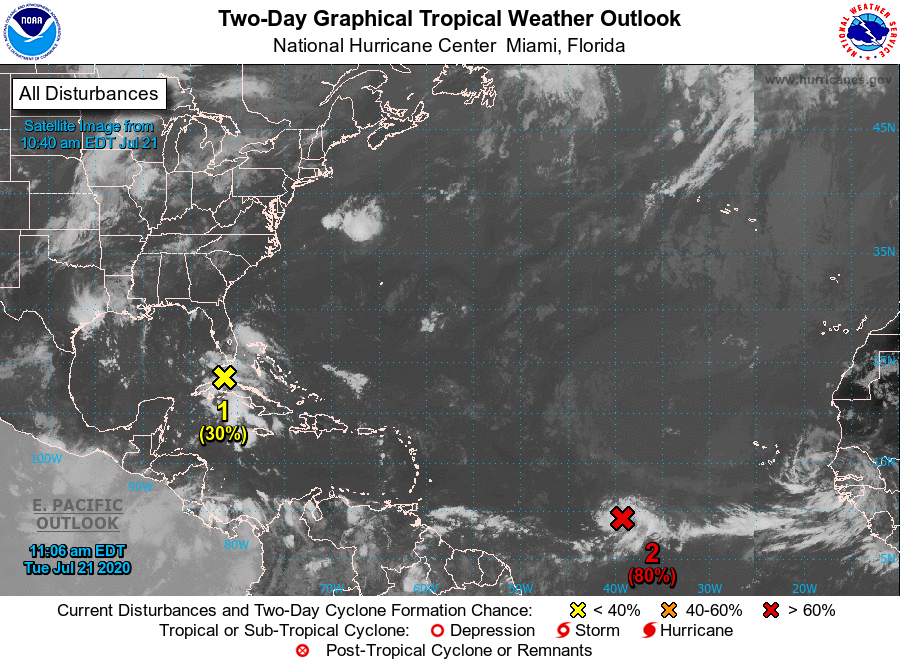
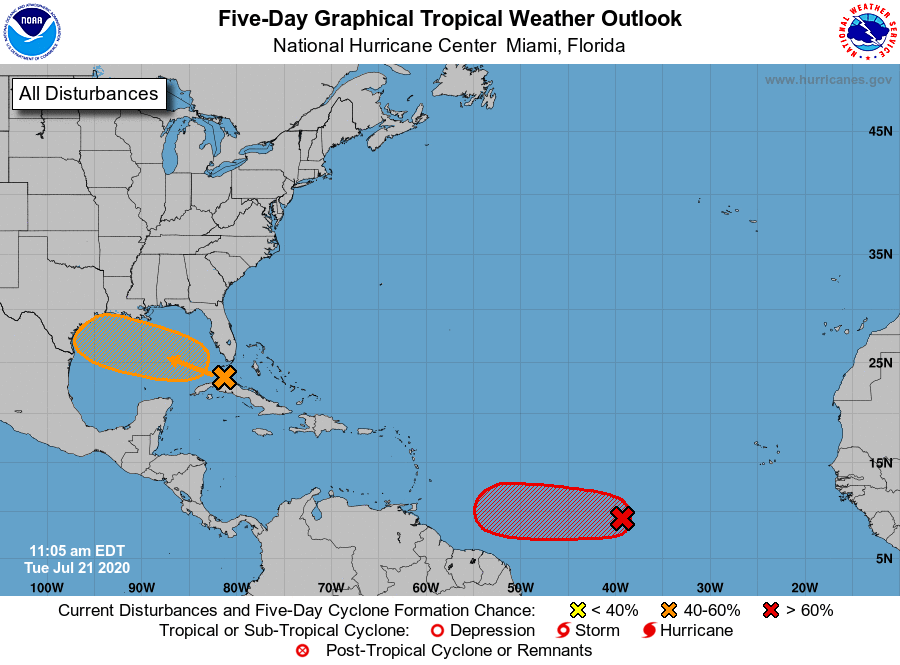
For the North Atlantic...Caribbean Sea and the Gulf of Mexico:

Special Tropical Weather Outlook issued to update the status of the reconnaissance mission originally scheduled for the system near the Straits of Florida and to increase the formation chances for the system in the tropical Atlantic.

1. Updated: A tropical wave is producing a large area of disorganized showers and thunderstorms over western Cuba, the northwestern Bahamas, southern Florida, and the adjacent Atlantic and Caribbean waters. Gradual development of this system is possible while it moves west-northwestward during the next few days. This system is expected to move over the southeastern Gulf of Mexico later today, the central Gulf on Wednesday, and the northwestern Gulf on Thursday and Friday. The Air Force Reserve Hurricane Hunter aircraft scheduled to investigate the system this afternoon has been canceled.
* Formation chance through 48 hours...low...30 percent.
* Formation chance through 5 days...medium...40 percent.

2. Updated: Satellite imagery and recent satellite wind data indicate that the low pressure system located about midway between the west coast of Africa and the Lesser Antilles continues to get better organized. If current trends continue, advisories could be initiated on this system as a tropical depression later today. Regardless of development during the next couple of days, less favorable conditions should limit additional development by the weekend.
* Formation chance through 48 hours...high...80 percent.
* Formation chance through 5 days...high...80 percent.

Forecaster Beven